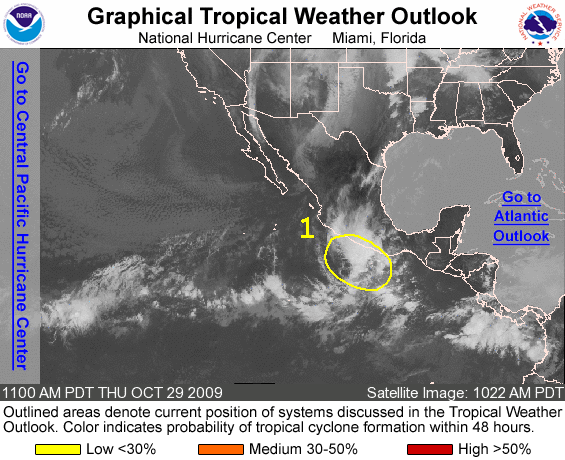
FOR THE EASTERN NORTH PACIFIC...EAST OF 140 DEGREES WEST LONGITUDE..

1. DISORGANIZED SHOWERS AND THUNDERSTORMS ASSOCIATED WITH A BROAD TROUGH OF LOW PRESSURE EXTEND ALONG THE COAST OF MEXICO FROM NEAR LAZARO CARDENAS TO JUST WEST OF THE GULF OF TEHUANTEPEC AND SOUTHWARD FOR SEVERAL HUNDRED MILES. SOME SLOW DEVELOPMENT OF THIS SYSTEM IS POSSIBLE OVER THE NEXT COUPLE OF DAYS. THERE IS A LOW CHANCE...LESS THAN 30 PERCENT...OF TROPICAL CYCLONE FORMATION IN THIS AREA DURING THE NEXT 48 HOURS. REGARDLESS OF DEVELOPMENT... LOCALLY HEAVY RAINFALL IS POSSIBLE ALONG PORTIONS OF THE SOUTHWESTERN COAST OF MEXICO OVER THE NEXT DAY OR TWO AS THIS SYSTEM REMAINS NEARLY STATIONARY.

ELSEWHERE...TROPICAL CYCLONE FORMATION IS NOT EXPECTED DURING THE NEXT 48 HOURS.

FORECASTER CANGIALOSI/BROWN